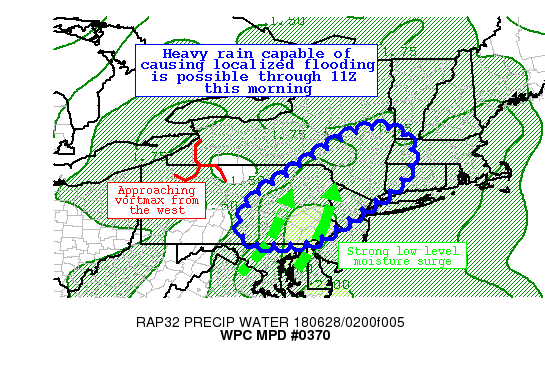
AREAS AFFECTED...EASTERN PA...SOUTHEAST NY...NORTHERN NJ...WESTERN
MA...WESTERN CT

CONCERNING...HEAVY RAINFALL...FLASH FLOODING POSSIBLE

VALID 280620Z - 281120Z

SUMMARY...CONVECTION TRAINING OVER AREAS THAT RECEIVED HEAVY
RAINFALL WEDNESDAY EVENING COULD POSE A FLASH FLOOD THREAT THROUGH
THE EARLY MORNING HOURS.

DISCUSSION...REGIONAL DOPPLER RADARS ARE INDICATING AN INCREASE IN
THUNDERSTORM COVERAGE ACROSS MUCH OF EASTERN PENNSYLVANIA EARLY
THIS MORNING.  THE LATEST GOES 16 INFRARED SATELLITE IMAGERY IS
ALSO INDICATING COOLING CONVECTIVE CLOUD TOPS WITH STRONG
UPDRAFTS.  THIS ACTIVITY IS EXPECTED TO PROGRESS TOWARDS THE
NORTHEAST AND AFFECT NORTHERN NEW JERSEY AND INTO INTERIOR
SOUTHEAST NEW YORK, AND THEN WESTERN NEW ENGLAND.  RAINFALL RATES
OF 2 INCHES PER HOUR HAVE BEEN OBSERVED NEAR HARRISBURG AND THERE
IS THE POTENTIAL FOR ADDITIONAL HEAVY RAINFALL THROUGH THE
REMAINDER OF THE OVERNIGHT HOURS.

THESE STORMS WILL HAVE AN AMPLE SUPPLY OF DEEP MOISTURE AS 2 INCH
PWS ARE ADVECTED INTO THE REGION VIA A 30+ KNOT LOW LEVEL INFLOW,
ALONG WITH DEEP NEARLY UNIDIRECTIONAL FLOW ALOFT.  THERE IS ALSO
ABOUT 500 TO 1000 J/KG OF MUCAPE PER THE LATEST SPC ANALYSIS.
THESE FACTORS COMBINED WITH AN APPROACHING SHORTWAVE ALOFT WILL
HELP SUSTAIN THE CONVECTION THROUGH 11Z THIS MORNING.

THE LATEST SUITE OF HIGH RES GUIDANCE IS INDICATING THE POTENTIAL
FOR SWATHS OF 1 TO 3 INCH RAINFALL AMOUNTS WITH THESE STORMS OVER
THE NEXT SEVERAL HOURS.  THE AXIS OF GREATEST RAINFALL WILL LIKELY
BE FROM HARRISBURG TO WESTERN MASSACHUSETTS.  FLASH FLOODING IS
POSSIBLE GIVEN THE REPEATED ROUNDS OF HEAVY RAINFALL.